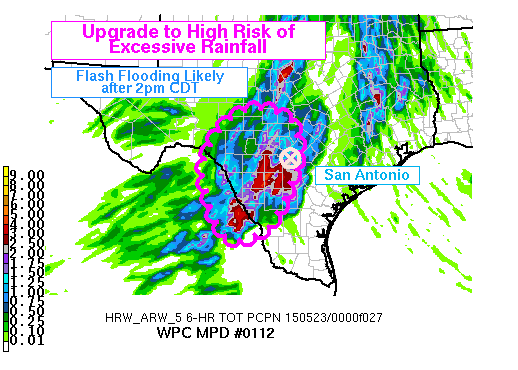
AREAS AFFECTED...SOUTH TX

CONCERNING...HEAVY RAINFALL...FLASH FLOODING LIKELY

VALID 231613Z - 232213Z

SUMMARY...WPC IN COLLABORATION WITH LOCAL OFFICES HAS UPGRADED TO
A HIGH RISK OF RAINFALL EXCEEDING FLASH FLOOD GUIDANCE IN SOUTH
TEXAS FROM THIS AFTERNOON THROUGH TONIGHT.

DISCUSSION...CONFIDENCE HAS INCREASED OWING TO WELL DEFINED
SYNOPTIC FEATURES AND CONVERGENCE OF THE HIGH RESOLUTION MODEL
SOLUTIONS...WHICH ARE IN LINE WITH OBSERVATIONAL TRENDS. WHILE THE
MODELS ALSO INDICATE A PRECIPITATION MAXIMUM OVER OKLAHOMA...THE
MAXIMUM THEY PREDICT OVER SOUTH TEXAS IS LIKELY TO PRODUCE THE
HEAVIEST LOCAL RAINFALL...GIVEN SLOWER STORM MOTIONS AND DEEPER
TROPICAL MOISTURE. THE RAP AND GFS SIMILARLY FORECAST AN INCREASE
TO UPPER LEVEL DIFLUENCE OVER SOUTHWEST / SOUTH TEXAS...COINCIDENT
WITH THE HEATING CYCLE AND AN INCREASE OF LOW LEVEL INFLOW. TRENDS
IN THE HRRR SUPPORT THE IDEA THAT CONVECTION WILL EVOLVE UPSCALE
DURING THE AFTERNOON AND EARLY EVENING HOURS TO EITHER SIDE OF
I-10 AND EXTENDING DOWN TO WEST OF LAREDO. A POTENTIALLY LARGE
STORM COMPLEX COULD THEN PROPAGATE SLOWLY EAST OR TURN SOUTHEAST
INTO THE RICH GULF INFLOW.

MUCH OF SOUTH TEXAS HAS RECEIVED 3 TO 5 TIMES THEIR CLIMATOLOGICAL
RAINFALL FOR THE PAST TWO WEEK PERIOD...AND FLASH FLOODING HAS
BEEN WIDELY OBSERVED DURING RAIN RATES NEAR OR EVEN BELOW FLASH
FLOOD GUIDANCE VALUES. THE ENVIRONMENT AND HI-RES MODEL SIGNAL
SUGGEST LOCALLY EXTREME RATES OF 3 INCHES/HOUR ARE POSSIBLE TODAY.
MODERATE SYNOPTIC INFLUENCE AND MODEL AGREEMENT GIVES US ENOUGH
CONFIDENCE TO UPGRADE TO HIGH RISK FROM KERRVILLE AND SAN ANTONIO
DOWN TO COTULLA AND LAREDO. THE COVERAGE OF HEAVY RAINFALL IS
EXPECTED TO INCREASE BETWEEN 19-22Z OR 2-5PM LOCAL TIME...WITH
IMPACTS POTENTIALLY INCREASING FURTHER DURING THE EVENING.